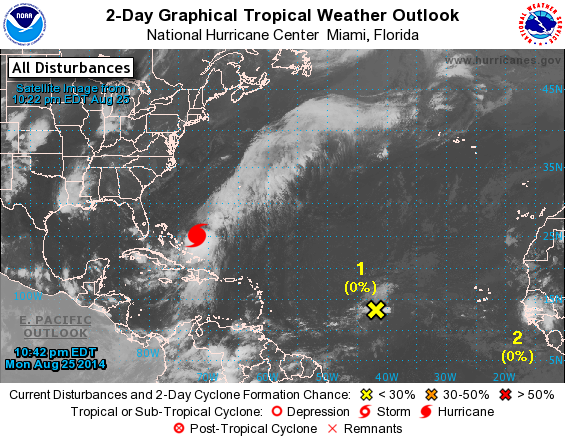
For the North Atlantic...Caribbean Sea and the Gulf of Mexico:

The National Hurricane Center is issuing advisories on Tropical Storm Cristobal, located just north of the southeastern Bahamas.

1. A tropical wave located about 1100 miles east of the Lesser Antilles continues to produce disorganized showers and a few thunderstorms. Environmental conditions are not expected to be favorable for significant development during the next couple of days, but could become more conducive by the end of the week while the system moves westward to west-northwestward at about 15 mph.
* Formation chance through 48 hours...low...near 0 percent.
* Formation chance through 5 days...medium...30 percent.

2. A tropical wave is forecast to move from western Africa into the far eastern tropical Atlantic Ocean by early this weekend. Conditions appear to be favorable for some development thereafter while the system moves westward at 10 to 15 mph.
* Formation chance through 48 hours...low...near 0 percent.
* Formation chance through 5 days...low...20 percent.

Forecaster Pasch